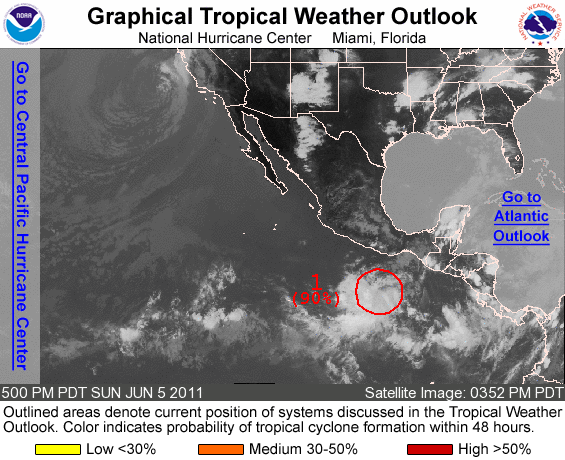
FOR THE EASTERN NORTH PACIFIC...EAST OF 140 DEGREES WEST LONGITUDE..

1. SHOWERS AND THUNDERSTORMS CONTINUE IN ASSOCIATION WITH A LOW PRESSURE AREA LOCATED ABOUT 450 MILES SOUTH OF ACAPULCO MEXICO. EVEN THOUGH THERE HAS NOT BEEN ANY RECENT CHANGE IN THE ORGANIZATION OF THE SHOWER AND THUNDERSTORM ACTIVITY...SATELLITE IMAGES INDICATE THAT THE CIRCULATION HAS BECOME BETTER DEFINED OVER THE PAST FEW HOURS. ENVIRONMENTAL CONDITIONS APPEAR FAVORABLE FOR FURTHER DEVELOPMENT...AND THE LOW WILL LIKELY BECOME A TROPICAL DEPRESSION DURING THE NEXT DAY OR TWO. THERE IS A HIGH CHANCE...90 PERCENT... OF THIS SYSTEM BECOMING A TROPICAL CYCLONE DURING THE NEXT 48 HOURS AS IT DRIFTS TO THE NORTHWEST.

ELSEWHERE...TROPICAL CYCLONE FORMATION IS NOT EXPECTED DURING THE NEXT 48 HOURS.

FORECASTER KIMBERLAIN/BRENNAN